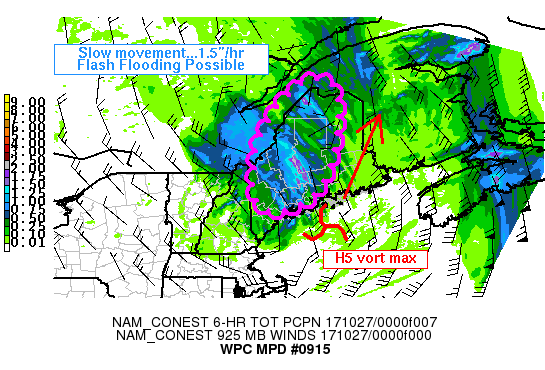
AREAS AFFECTED...WRN ME...NRN ME

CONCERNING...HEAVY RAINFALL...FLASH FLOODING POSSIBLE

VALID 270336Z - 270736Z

SUMMARY...A COMPACT MID LEVEL LOW WILL MAKE EFFICIENT USE OF WEAK
INSTABILITY TO YIELD HEAVY RAINFALL ON SATURATED GROUNDS. FLASH
FLOODING IS POSSIBLE.

DISCUSSION...AT 03Z HEAVY RAINS HAD PROMPTED ONE FLASH FLOOD
WARNING AND OTHER FLOOD ADVISORIES AND WARNINGS ACROSS WESTERN
MAINE...AND FOR GOOD REASON. A COMPACT MID LEVEL LOW...DOWN TO 546
DECAMETERS AT 500MB...WAS LIFTING NORTH...WITH LOWER TO MID LEVEL
RESPONSE AND ASSOCIATED STRONG CONVERGENCE ZIPPING UP ONLY SLOWLY
ACROSS WESTERN MAINE. THE SHORT WAVELENGTH AND DEEP CENTER OF THE
DISTURBANCE WILL PRODUCE INTENSE VERTICAL MOTION...AND DESPITE
LITTLE CAPE IN THE MODELS OR MESOANALYSES...THE RADAR PRESENTATION
WAS INDICATIVE OF SOME CONVECTIVE ENHANCEMENT. ALTHOUGH THERE IS
MOUNTAINOUS TERRAIN IN THIS AREA...UPSLOPE ENHANCEMENT SHOULD BE
LIMITED BY THE TROUGH PASSING DIRECTLY OVER THE MOUNTAINS...AND
THE EFFICIENCY OF THE EVENT WAS TIED MAINLY TO THE INTENSE
SYNOPTIC FORCING.

DUAL POL RADAR-ESTIMATED RAIN RATES FROM KGYX CONTINUED TO CLIMB
AT 0320Z...WITH SOME HOURLY RATES EXCEEDING 1.5 INCHES. THIS
APPEARS BELIEVEABLE...GIVEN ORGANIZED AND SLOW MOVING REFLECTIVITY
GREATER THAN 45 DBZ...HEAVY RAIN CLASSIFICATION FROM THE HYDRO
CLASS ALGORITHM...AND THE FACT THAT MUCH OF THIS WAS CLOSE ENOUGH
TO THE RADAR TO BE SAMPLED BENEATH THE MELTING LAYER.

THE RAP FORECASTS 925-850MB CONVERGENT FLOW AND ASSOCIATED 700 MB
OMEGA TO ZIP UP NORTH AND THEN NORTHWESTWARD WITH THE TRACK OF THE
SHORTWAVE ALOFT. THIS IDEA FITS WELL WITH THE MORE RECENTLY
INITIALIZED 00Z NAM CONUS NEST...WHICH PLACES SWATHS OF GENERALLY
1-PLUS INCH...BUT SOME 2-PLUS INCH...ACCUMULATIONS UP THROUGH
WESTERN AND NORTHERN MAINE THROUGH 08Z. PER RECENT WET WEATHER AND
COMPROMISED FFG VALUES...RAIN RATES OF 0.75 INCH TO 1.00 INCH IN
AN HOUR MAY BE SUFFICIENT TO CAUSE FLOODING / FLASH FLOODING.